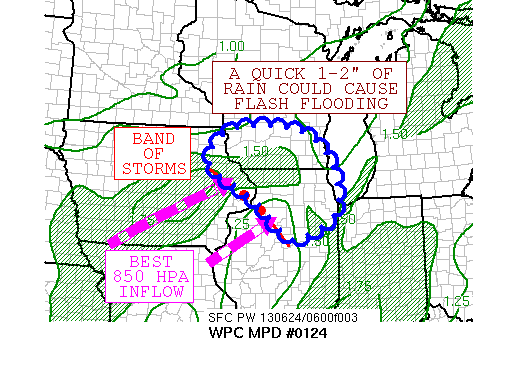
AREAS AFFECTED...NORTHEAST IA...SOUTHERN WI...NORTHERN IL

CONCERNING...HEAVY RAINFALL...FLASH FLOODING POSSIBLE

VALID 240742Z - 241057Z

SUMMARY...A BAND OF THUNDERSTORMS WITH HEAVY RAINFALL WILL MOVE
ACROSS THE REGION OVER THE NEXT FEW HOURS.  DUE TO SATURATED
CONDITIONS FROM RAINFALL OVER THE PAST COUPLE DAYS, FLASH FLOODING
IS POSSIBLE.

DISCUSSION...INFLOW AT THE 850 HPA LEVEL IS OVERRIDING A SURFACE
WARM FRONT STRETCHING ACROSS SOUTHEAST NE AND NORTHWEST MO.
SIGNIFICANT CONVECTIVE INHIBITION LIES NEAR THE SURFACE BOUNDARY,
WHICH HAS FORCED CONVECTION TO BE ELEVATED.  DIVERGENCE ALOFT IS
BEING SUPPORTED BY AN UPPER LEVEL LOW ACROSS SOUTHWEST ONTARIO AND
A SHORTWAVE APPROACHING FROM THE SOUTHWEST.  PRECIPITABLE WATER
VALUES OF 1.50-1.75 INCHES, A BIT ABOVE NORMAL FOR JUNE, LIE
ACROSS THE REGION IN A WSW-ENE AXIS, WHICH LIES WITHIN THE AXIS OF
BEST LOW-LEVEL INFLOW AND IS PARALLEL TO THE STEERING FLOW.  HEAVY
RAINS OVER THE PAST COUPLE NIGHTS HAVE DROPPED FLASH FLOOD
GUIDANCE VALUES DOWN TO 1.50 INCHES IN THREE HOURS, WHICH IS CLOSE
TO RADAR ESTIMATES OF RAINFALL WITHIN THIS BAND.  LOCAL RAINFALL
AMOUNTS OF 1-2 INCHES ARE EXPECTED, WHICH COULD CAUSE FLASH
FLOODING.